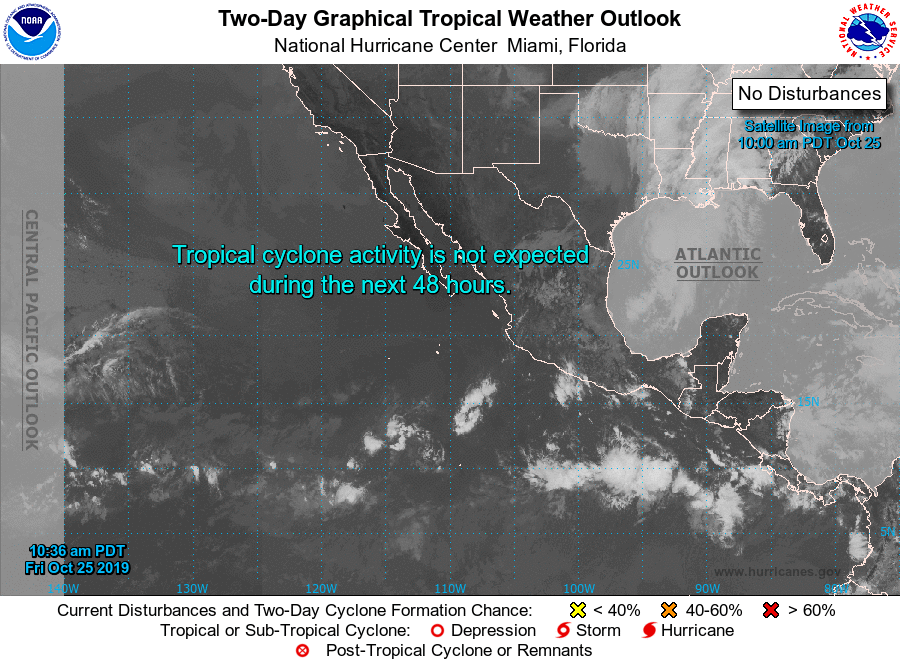
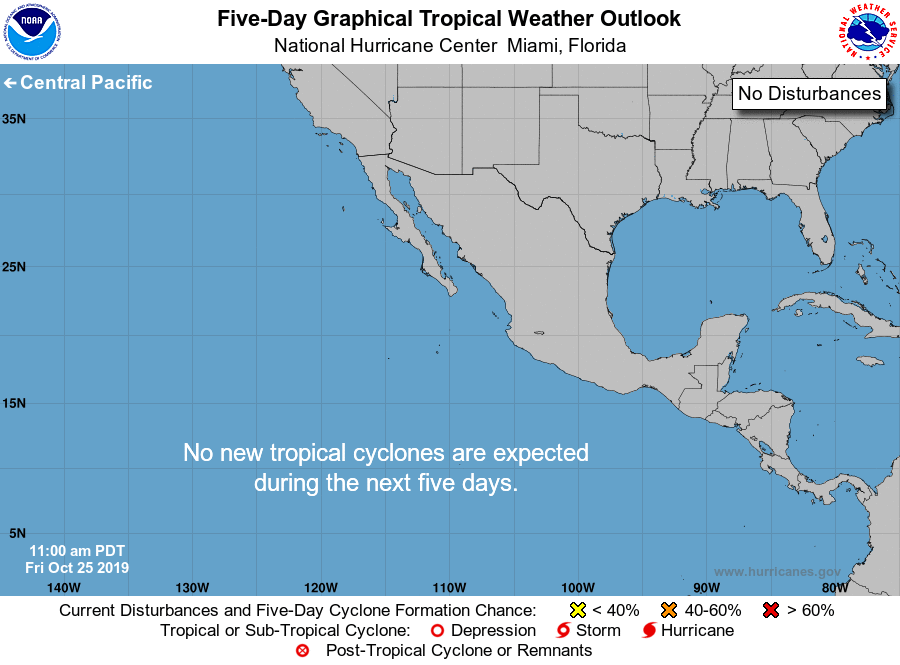
For the eastern North Pacific...east of 140 degrees west longitude:

Tropical cyclone formation is not expected during the next 5 days.

Forecaster Avila